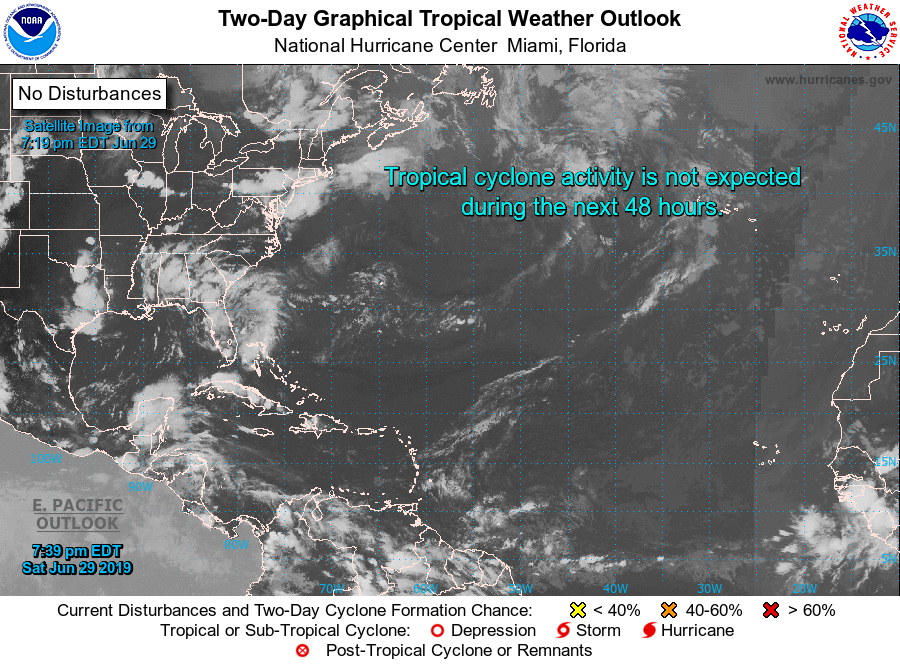
For the North Atlantic...Caribbean Sea and the Gulf of Mexico:

Tropical cyclone formation is not expected during the next 5 days.

Forecaster Pasch